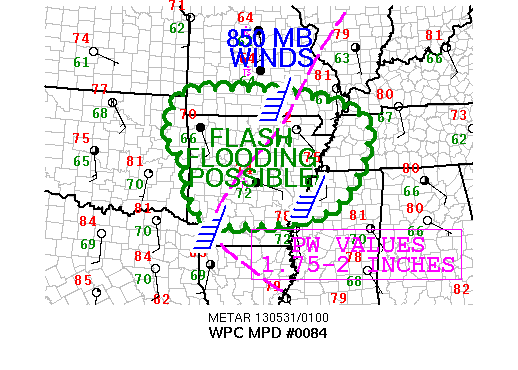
AREAS AFFECTED......SOUTHERN MISSOURI THROUGH ARKANSAS INTO
NORTHWEST MS AND WESTERN TN...

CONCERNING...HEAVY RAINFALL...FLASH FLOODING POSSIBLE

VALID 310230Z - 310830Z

SUMMARY...FLASH FLOODING IS POSSIBLE
ACROSS PORTIONS OF AR AND SOUTHERN MO THROUGH THIS EVENING WITH
MOVEMENT OF CLUSTERS INTO NORTHWEST MS AND WESTERN TN LATER
TONIGHT.

DISCUSSION...AN UPPER TROUGH OVER THE PLAINS IS FORECAST TO
PRODUCE UPPER DIVERGENCE/LOWER CONVERGENCE MAXIMA WHERE
BANDS/CLUSTERS OF SHOWER/THUNDERSTORMS PROPAGATE EAST NORTHEAST
ACROSS SOUTHWEST MO AND AR.

THE ACTIVITY IS EXPECTED TO DEVELOP INTO A MOIST AXIS WITH SURFACE
DEWPOINTS IN THE LOWER 70S F ACROSS SOUTHERN AR.  ADDITIONALLY THE
MOISTURE IS DEEP WITH PRECIPITABLE WATER (PW) VALUES OF 1.75-2.0
INCHES...SUPPORTED BY THE 00Z JACKSON MS SOUNDING WITH 1.8 INCHES
OBSERVED.

THE RECENT OBSERVATIONS INDICATED 1-2 INCHES OF RAIN OVER A 2 HOUR
PERIOD WITH THE BANDS/CLUSTERS OF STORMS. LOW-MID LEVEL MOISTURE
FLUX CONVERGENCE ALONG OUTFLOWS COMBINES WITH NORTHEAST MOISTURE
TRANSPORT...HIGH PW VALUES...AND 700-500 MB LAPSE RATES OF 7-8 DEG
C/KM TO SUPPORT CONTINUED SHOWER/STORM DEVELOPMENT THE REST OF THE
EVENING AND EARLY OVERNIGHT.  18Z GFS FORECAST SOUNDINGS ALSO SHOW
VEERING LOW LEVEL WIND PROFILES WITH ABOUT 30 DEGREES CHANGE FROM
THE SURFACE TO 850 MB SO FORWARD PROGRESSION SHOULD CONTINUE.
HEAVY RAINS OCCUR WHERE REGENERATION OF SHOWERS/STORMS CAUSES
REPEAT ACTIVITY...SUCH AS WE HAVE SEEN RECENTLY IN FAR NORTHEAST
OK.

THE MODELS AGREE ON SIMILAR POTENTIAL WITH THE NCEP 12Z WRF NMM
AND ARW AND 12Z NSSL WRF SUGGESTING HEAVIER RAIN WITH SEVERAL
INCHES POSSIBLE IN AR TONIGHT.  SINCE THE WIND PROFILES
ARE CHANGING IN DIRECTION WITH HEIGHT...THERE IS NOT HIGH
CONFIDENCE IN ANY ONE AREA BEING A NATURAL FOCUS FOR TRAINING.